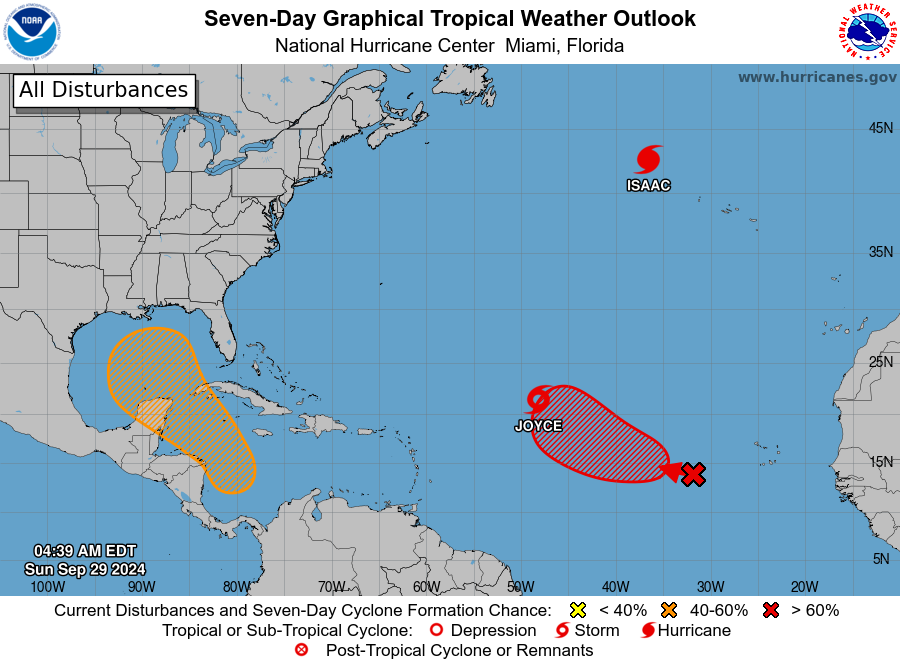
For the North Atlantic...Caribbean Sea and the Gulf of Mexico:

Active Systems: The National Hurricane Center is issuing advisories on Hurricane Isaac, located several hundred miles west-northwest of the Azores, and on Tropical Storm Joyce, located over the central Atlantic Ocean.

1. Eastern and Central Tropical Atlantic (AL90): An elongated area of low pressure located a few hundred miles west-southwest of the Cabo Verde Islands continues to produce disorganized showers and thunderstorms. Environmental conditions appear conducive for gradual development of this system, and a tropical depression will likely form during the early or middle part of this week while the system moves toward the west and then northwest across the eastern and central tropical Atlantic.
* Formation chance through 48 hours...medium...40 percent.
* Formation chance through 7 days...high...70 percent.

2. Western Caribbean Sea and Gulf of Mexico: An area of low pressure is expected to form over the western Caribbean Sea in a couple of days. Environmental conditions are forecast to be conducive for gradual development thereafter, and a tropical depression could form around the middle part of this week. This system is expected to move northwestward into the Gulf of Mexico during the latter portion of this week, and interests in the northwestern Caribbean Sea and along the U.S. Gulf Coast should monitor its progress.
* Formation chance through 48 hours...low...near 0 percent.
* Formation chance through 7 days...medium...50 percent.

Forecaster Pasch